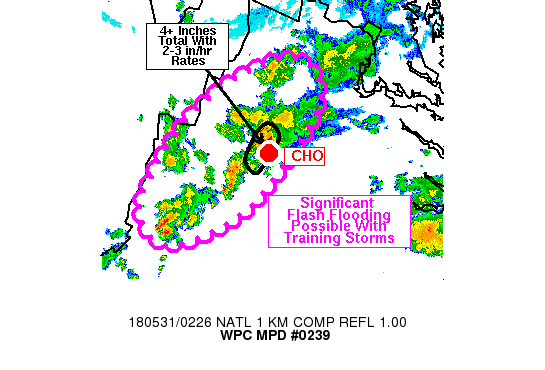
AREAS AFFECTED...WRN VA...BLUE RIDGE MTNS AND SHENANDOAH VALLEY

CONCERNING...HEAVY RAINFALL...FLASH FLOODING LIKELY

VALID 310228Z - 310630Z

SUMMARY...TROPICAL CONVECTIVE RAIN BANDS APPEAR LIKELY TO TRAIN
FOR SEVERAL MORE HOURS IN PORTIONS OF WESTERN VIRGINIA WITH RAIN
RATES APPROACHING 3 IN/HR IN SOME CASES. SEVERE FLASH FLOODING MAY
OCCUR WHERE TRAINING CAN PERSIST FOR SEVERAL HOURS...AND MAY BE
MOST LIKELY NEAR CHARLOTTESVILLE WHERE RADAR ESTIMATED RAINFALL
TOTALS ARE ALREADY EXCEEDING 8 INCHES.

DISCUSSION...BOTH KLWX AND KFCX RADARS ARE SHOWING TROPICAL
CONVECTIVE RAIN BANDS WITH LOW-ECHO CENTROIDS AND LIMITED
REFLECTIVITY ABOVE THE -10C LAYER. ALL THIS IS INDICATIVE OF
LIMITED ICE IN THE CLOUD LAYER AND DOMINANT WARM RAIN PROCESSES.
HIGH KDP VALUES AND RELATIVELY LOW ZDR VALUES ALSO TEND TO IMPLY
NUMEROUS SMALLER RAIN DROPLETS THAT IS MORE TYPICAL OF TROPICAL
RAINFALL. MRMS APPEARS TO BE UNDERESTIMATING RAIN RATES AS ITS
SURFACE PRECIP TYPE IS TAGGING THIS ACTIVITY AS CONVECTIVE RATHER
THAN TROPICAL. DUAL POL ESTIMATES APPEAR TO BE MORE
REASONABLE...AND SHOW RAIN RATES ALREADY REACHING CLOSE TO 3 IN/HR
IN SOME LOCALIZED AREAS...WITH TOTALS AS HIGH AS 8 INCHES ON THE
WEST SIDE OF CHARLOTTESVILLE.

THE SCATTERED RAIN BANDS ACROSS THE REGION SHOULD CONTINUE TO
BACKBUILD INTO SSWLY LOW LEVEL INFLOW AND PRECIPITABLE WATER
VALUES AROUND OR OVER 2 INCHES (ANALYZED BY THE RAP; GPS-PW OBS
AROUND 2.1 INCHES IN NRN VA) WILL SUPPORT CONTINUED EFFICIENT RAIN
PROCESSES. THIS SHOULD MAKE SCATTERED FLASH FLOODING A RISK INTO
THE OVERNIGHT HOURS. RADARS MAY UNDERESTIMATE RAINFALL FURTHER
FROM THE RADAR AS EVEN THE LOWER ELEVATION TILTS MAY OVERSHOOT
MUCH OF THE HEAVIEST RAINFALL GIVEN THE WARM RAIN PROCESSES.

PARTICULAR CONCERN EXISTS FOR THE CHARLOTTESVILLE AREA WHERE
MESONET SITES ARE SHOWING OVER 3 IN/HR RAIN RATES IN THE PAST HOUR
AND KLWX RADAR SHOWS CONTINUED BACKBUILDING AND TRAINING OVER
AREAS THAT HAVE ALREADY RECEIVED SIGNIFICANT RAINFALL. MAINTENANCE
OF THESE RAIN RATES FOR EVEN ANOTHER HOUR WOULD EXACERBATE ALREADY
REPORTED FLASH FLOODING AND POTENTIALLY LEAD TO SEVERE AND
LIFE-THREATENING FLASH FLOODING WITH DEEP INUNDATION IN LOW-LYING
AREAS.